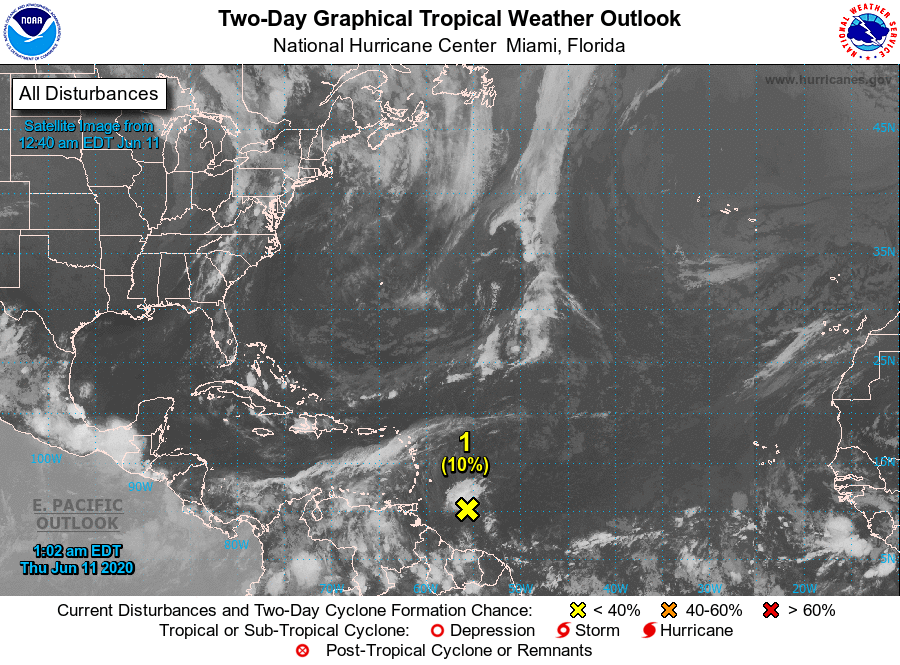
For the North Atlantic...Caribbean Sea and the Gulf of Mexico:

1. A well-defined tropical wave located about 350 miles east of the Windward Islands continues to produce disorganized showers and thunderstorms. Although significant development is not expected due to dry air and adverse upper-level winds, some areas of heavy rain and gusty winds are possible across portions of the Windward Islands later today through early Friday while the wave moves westward at 15 to 20 mph.
* Formation chance through 48 hours...low...10 percent.
* Formation chance through 5 days...low...10 percent.

Forecaster Blake